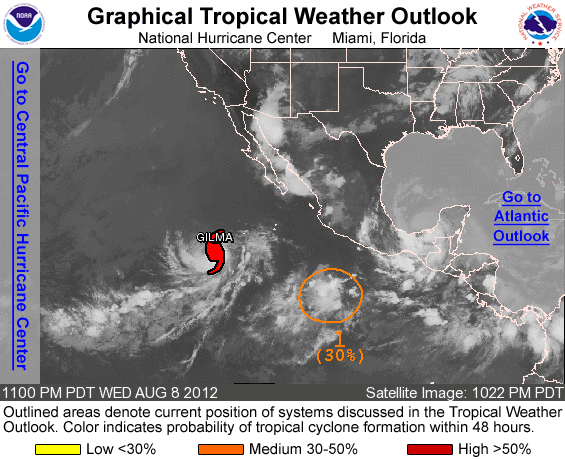
FOR THE EASTERN NORTH PACIFIC...EAST OF 140 DEGREES WEST LONGITUDE..

THE NATIONAL HURRICANE CENTER IS ISSUING ADVISORIES ON RECENTLY UPGRADED HURRICANE GILMA...LOCATED ABOUT 725 MILES SOUTHWEST OF THE SOUTHERN TIP OF BAJA CALIFORNIA.

1. AN AREA OF LOW PRESSURE LOCATED ABOUT 500 MILES SOUTH-SOUTHWEST OF ACAPULCO MEXICO CONTINUES TO PRODUCE LIMITED SHOWERS AND THUNDERSTORMS MAINLY TO THE WEST OF ITS CENTER. UPPER-LEVEL WINDS ARE EXPECTED TO BECOME LESS FAVORABLE FOR DEVELOPMENT...AND THIS SYSTEM HAS A MEDIUM CHANCE...30 PERCENT...OF BECOMING A TROPICAL CYCLONE AS IT MOVES LITTLE DURING THE NEXT 48 HOURS.

ELSEWHERE...TROPICAL CYCLONE FORMATION IS NOT EXPECTED DURING THE NEXT 48 HOURS.

FORECASTER ROBERTS